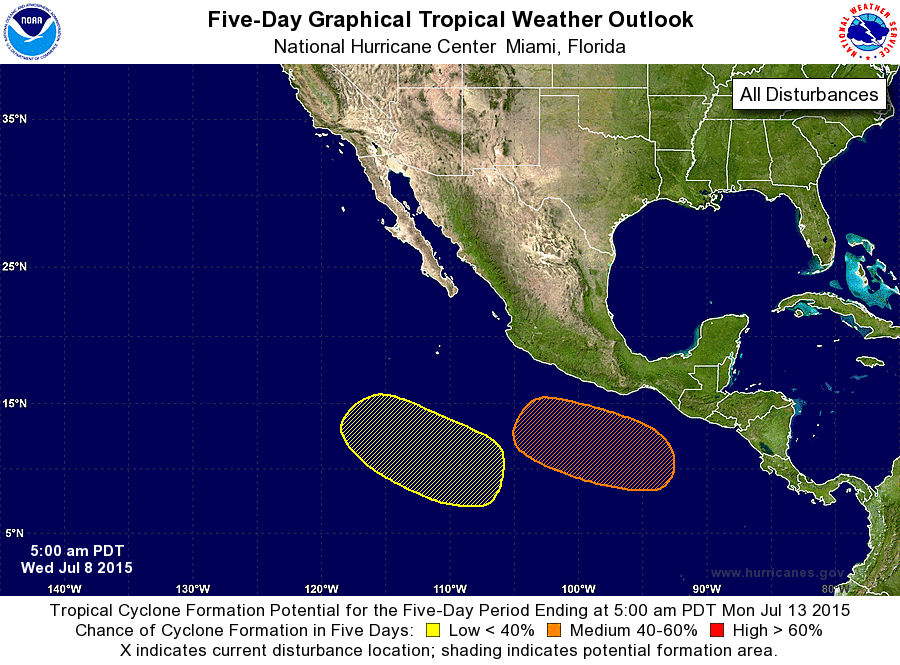
For the eastern North Pacific...east of 140 degrees west longitude:

1. An area of low pressure is expected to form several hundred miles south of the coast of southern Mexico later this week. Some development of this system is possible this weekend and early next week while it moves west-northwestward.
* Formation chance through 48 hours...low...near 0 percent
* Formation chance through 5 days...medium...50 percent

2. An area of low pressure is expected to develop several hundred miles south-southwest of the southern tip of Baja California Sur over the next couple of days. Gradual development of this system is possible through this weekend and into early next week while the low moves west-northwestward.
* Formation chance through 48 hours...low...near 0 percent
* Formation chance through 5 days...low...20 percent

Forecaster Brennan